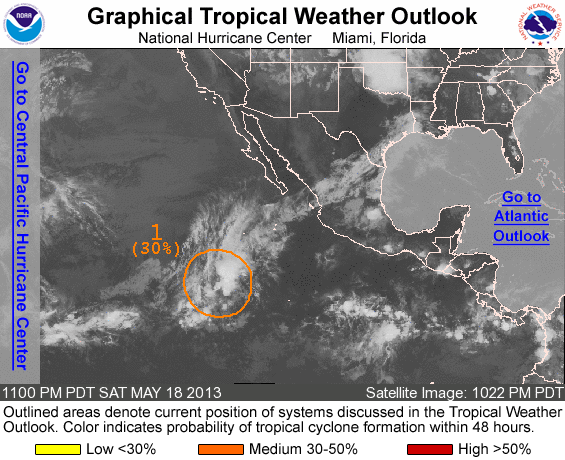
FOR THE EASTERN NORTH PACIFIC...EAST OF 140 DEGREES WEST LONGITUDE..

1. AN AREA OF LOW PRESSURE...ASSOCIATED WITH THE REMNANTS OF ALVIN...IS LOCATED ABOUT 900 MILES SOUTHWEST OF THE SOUTHERN TIP OF BAJA CALIFORNIA MEXICO. SHOWERS AND THUNDERSTORMS REMAIN DISORGANIZED... AND ANY DEVELOPMENT OF THIS LOW IS EXPECTED TO BE LIMITED DUE TO UPPER-LEVEL WINDS BECOMING INCREASINGLY UNFAVORABLE DURING THE NEXT 24 HOURS. THIS SYSTEM HAS A MEDIUM CHANCE...30 PERCENT...OF BECOMING A TROPICAL CYCLONE AGAIN DURING THE NEXT 48 HOURS AS IT MOVES GENERALLY WESTWARD AT 10 TO 15 MPH.

ELSEWHERE...TROPICAL CYCLONE FORMATION IS NOT EXPECTED DURING THE NEXT 48 HOURS.

FORECASTER STEWART